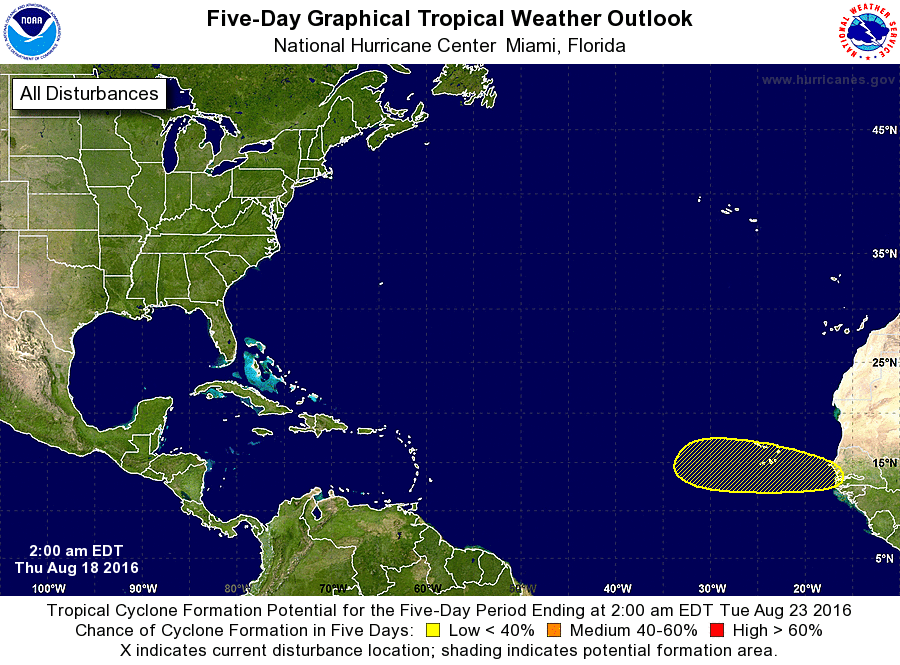
For the North Atlantic...Caribbean Sea and the Gulf of Mexico:

The National Hurricane Center is issuing advisories on Tropical Storm Fiona located over the central tropical Atlantic.

1. A tropical wave is forecast to move off of the coast of Africa on Saturday. Development, if any, of this system is expected to be slow to occur as the wave moves generally westward through a marginally favorable environment.
* Formation chance through 48 hours...low...near 0 percent
* Formation chance through 5 days...low...10 percent

Forecaster Kimberlain